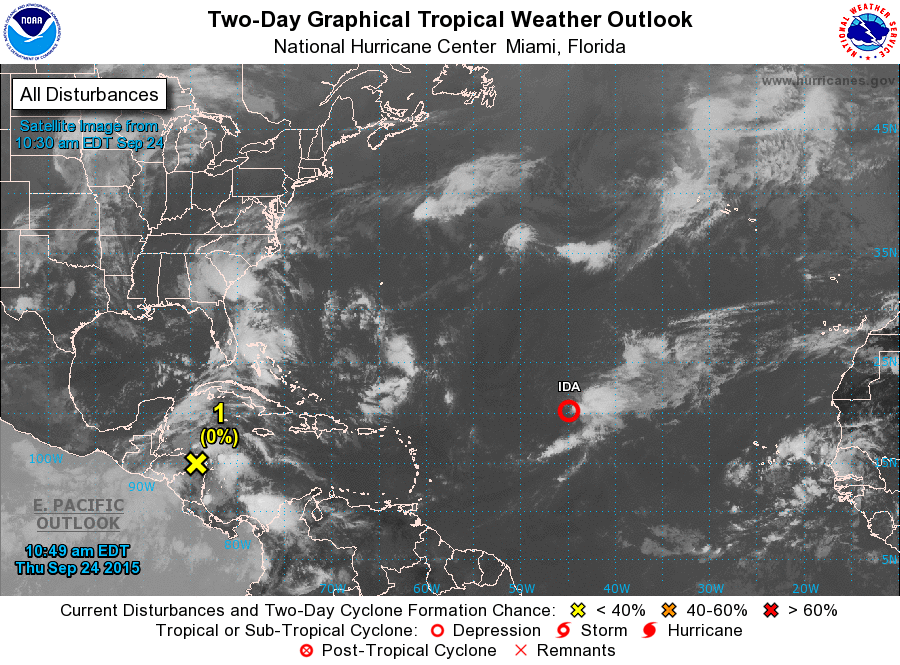
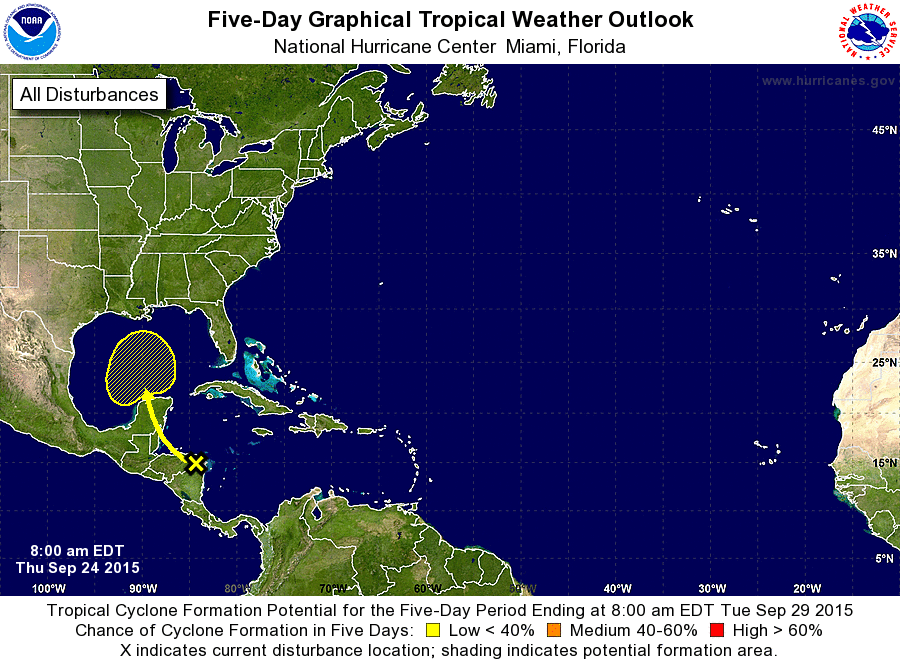
For the North Atlantic...Caribbean Sea and the Gulf of Mexico:

The National Hurricane Center is issuing advisories on Tropical Storm Ida, located about 1150 miles east of the northern Leeward Islands.

1. Disorganized showers and thunderstorms over the western Caribbean Sea and Central America are associated with a trough of low pressure. Development of this system is not expected during the next several days due to interaction with land and unfavorable upper-level winds. The disturbance is forecast to reach the southern Gulf of Mexico by late this weekend, and even though upper-level winds are not expected to be particularly favorable, some development is possible early next week while the system moves northward over the central Gulf of Mexico.
* Formation chance through 48 hours...low...near 0 percent
* Formation chance through 5 days...low...20 percent

Forecaster Avila